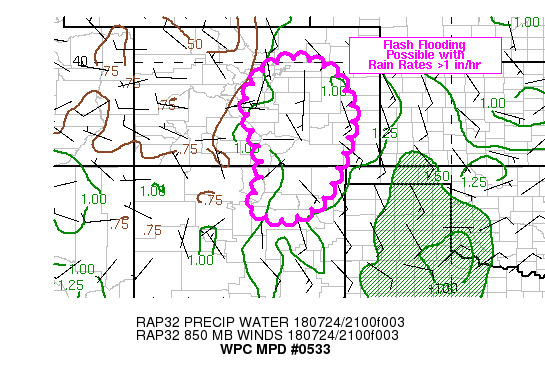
Areas affected...Colorado/New Mexico Rockies into the High Plains

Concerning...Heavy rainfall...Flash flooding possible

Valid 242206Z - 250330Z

SUMMARY...Scattered flash flooding will be possible from the
higher terrain of central Colorado/New Mexico into the High Plains
later this evening. Rainfall rates in excess of 1 in/hr are
expected with storm total of 1-2 inches, locally up to 3 inches by
03z.

DISCUSSION...Satellite and local radar imagery through 2145Z
showed numerous thunderstorms located from the Front Range of
central Colorado into northeastern New Mexico. These storms were
forming within a pool of anomalous moisture for the region with
surface dewpoints in the lower 60s noted across southeastern
Colorado and standardized anomalies for precipitable water of +1
to +2. MLCAPE values were estimated to be between 1000 and 2000
J/kg per the most recent SPC mesoanalysis page east of the
mountains into the High Plains.

The region was situated on the west side of a surface ridge
(centered over eastern Nebraska) with southeasterly flow of noted
between the surface and about 750 mb. 850 mb VAD wind plots from
KFTG and KPUX were 10-15 kt at 2245Z but an increase in magnitude
is expected beyond 00Z allowing for increased low level moisture
transport into convection expected to move off of the higher
terrain into the Plains by 00Z. While eventual organization into
forward propagating segments will be possible per forecast Corfidi
Vectors, cell mergers and outflow collisions appear likely to
generate rainfall rates in excess of 1 in/hr at least briefly
before moving downstream. Given flash flood guidance values are
only 1 in/hr for roughly half of the area outlined by the MPD,
flash flooding is considered possible.